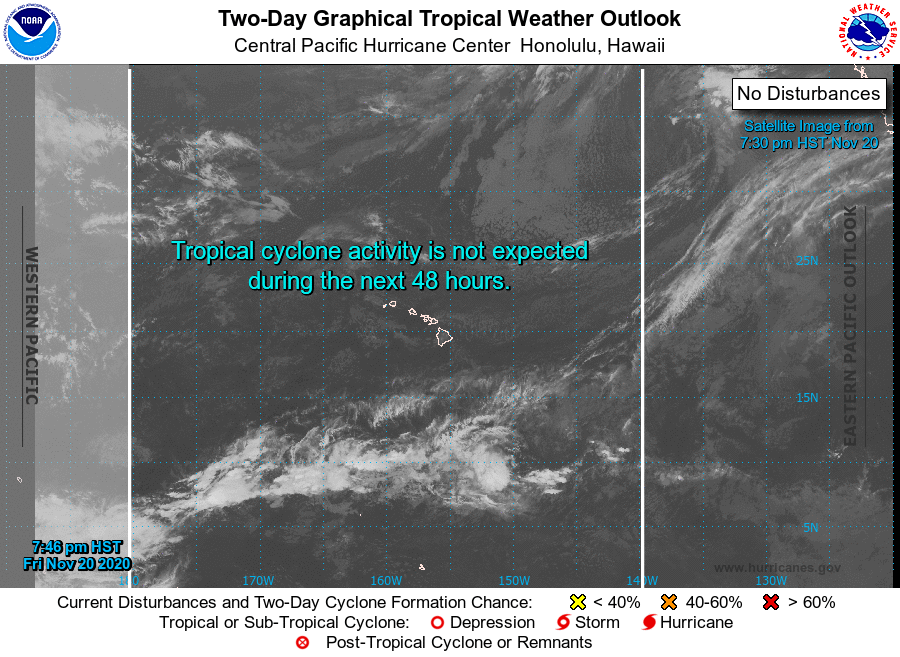
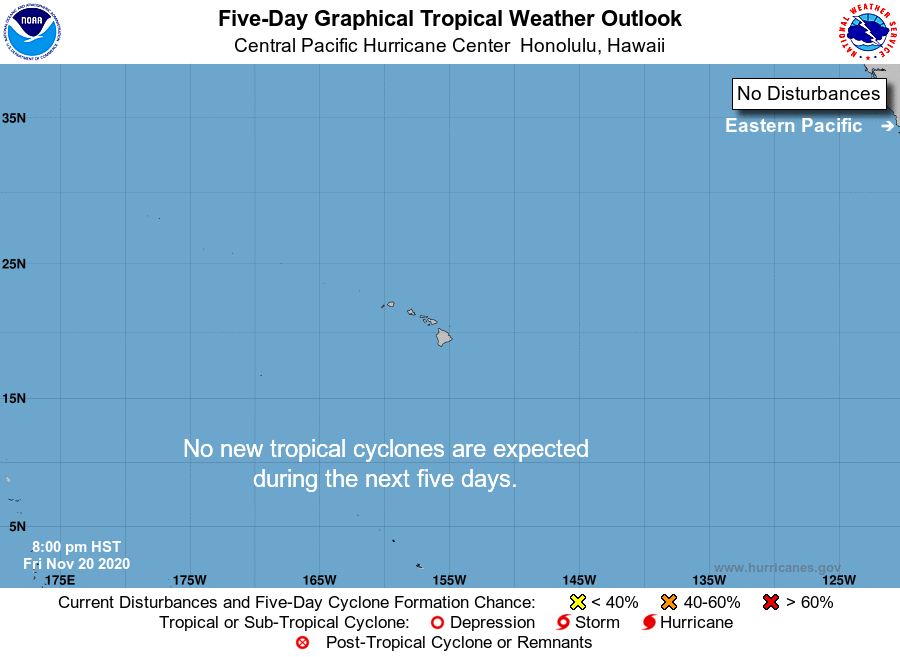
For the central North Pacific...between 140W and 180W:

No tropical cyclones are expected during the next 5 days.

Forecaster Powell